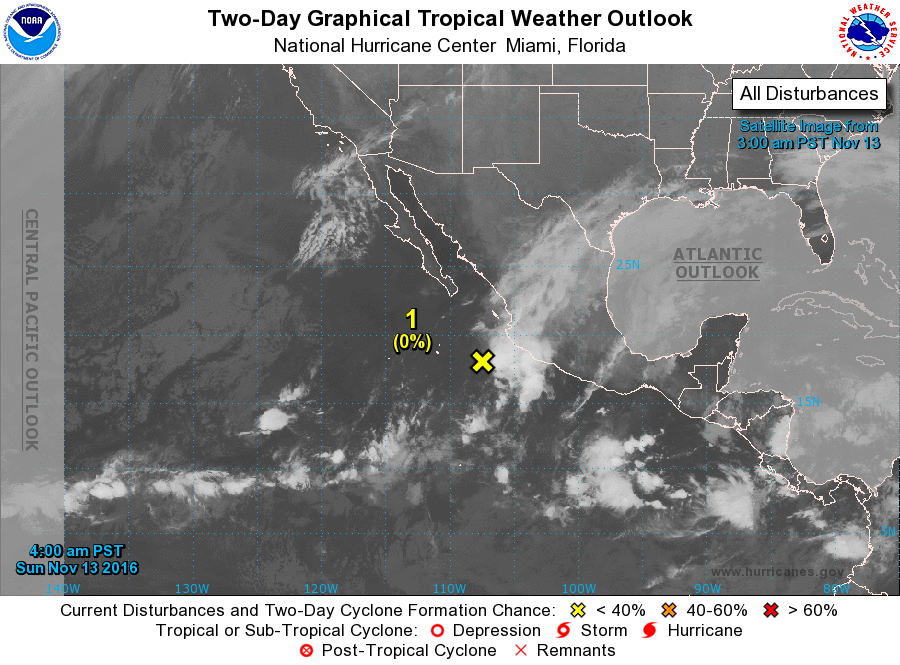
For the eastern North Pacific...east of 140 degrees west longitude:

1. A low pressure system located about 200 miles west-southwest of Manzanillo, Mexico, continues to produce an area of showers and thunderstorms and gusty winds to the northeast of the center. Strong upper-level winds are expected to increase during the next day or so while the low moves little. Although tropical cyclone development is unlikely, locally heavy rainfall and gusty winds associated with this system are expected to continue affecting southwestern Mexico through tonight.
* Formation chance through 48 hours...low...near 0 percent
* Formation chance through 5 days...low...near 0 percent

Forecaster Cangialosi